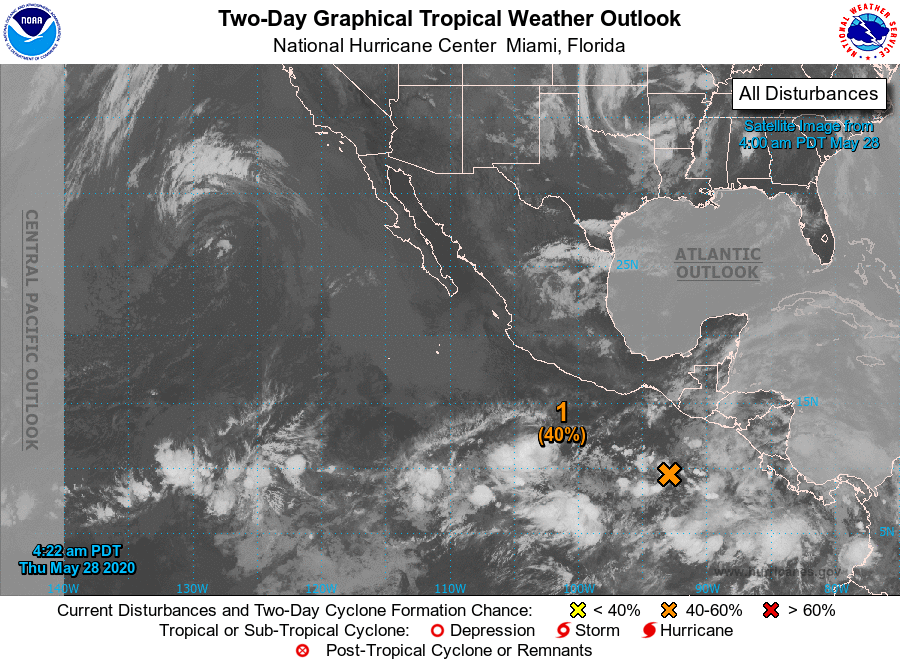
For the eastern North Pacific...east of 140 degrees west longitude:

A trough of low pressure is producing a large area of disorganized showers and thunderstorms a few hundred miles south of the coasts of Central America and southern Mexico. Environmental conditions appear conducive for gradual development of this system, and a tropical depression is likely to form this weekend while it drifts northward.

1. Regardless of development, this system is expected to produce heavy rainfall over portions of Central America and southern Mexico beginning late this week and continuing through the weekend. These rains could cause life-threatening flash floods and mudslides, especially in areas of mountainous terrain. See products from your local weather office for additional information.
* Formation chance through 48 hours...medium...40 percent.
* Formation chance through 5 days...high...80 percent.

Forecaster Latto